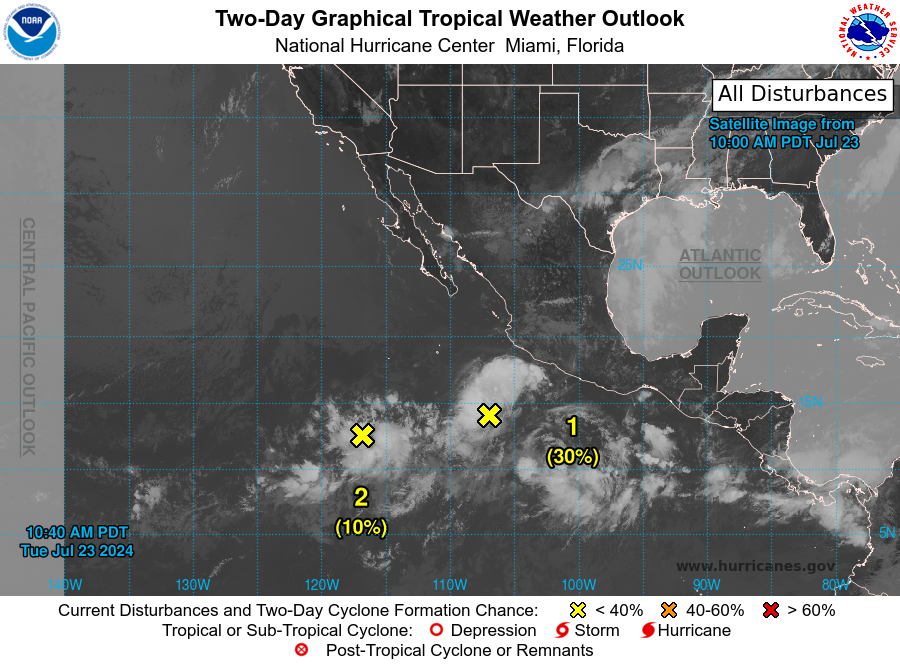
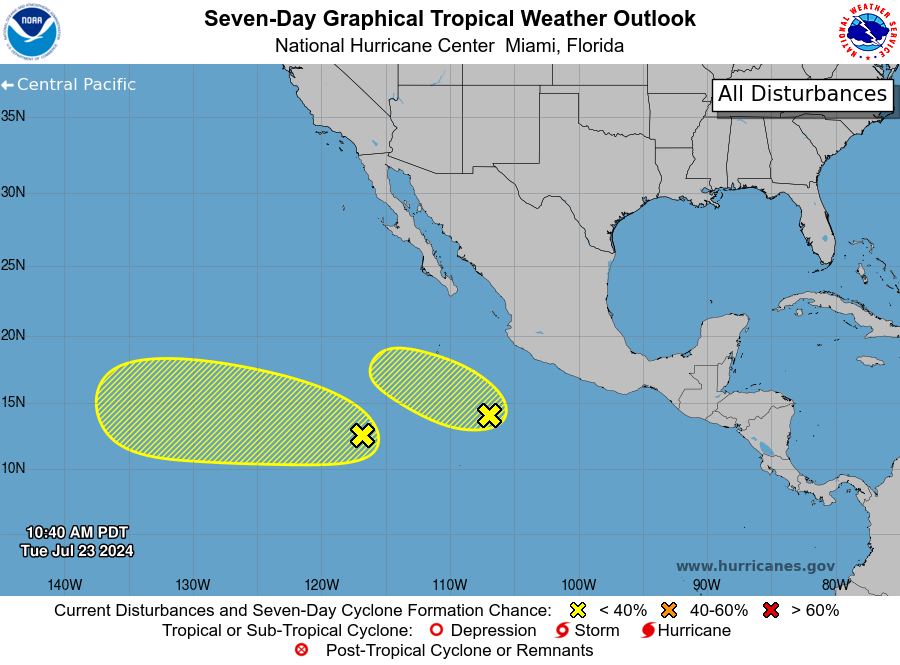
For the eastern North Pacific...east of 140 degrees west longitude:

1. Offshore Southwestern Mexico (EP93): Showers and thunderstorms associated with a broad area of low pressure located a few hundred miles south-southwest of Manzanillo, Mexico have changed little in organization during the past several hours. Environmental conditions appear favorable for slow development over the next couple of days while the disturbance moves generally west-northwestward, remaining offshore of southwestern Mexico.
* Formation chance through 48 hours...low...30 percent.
* Formation chance through 7 days...low...30 percent.

2. Central and Western East Pacific: A tropical wave located several hundred miles south-southwest of the southern tip of the Baja California Peninsula is producing disorganized shower and thunderstorm activity. Environmental conditions appear only marginally conducive for some slight development of this system over the next few days while it moves westward to west-northwestward around 10 mph across the central and western portions of the basin.
* Formation chance through 48 hours...low...10 percent.
* Formation chance through 7 days...low...20 percent.

Forecaster Hagen/Berg